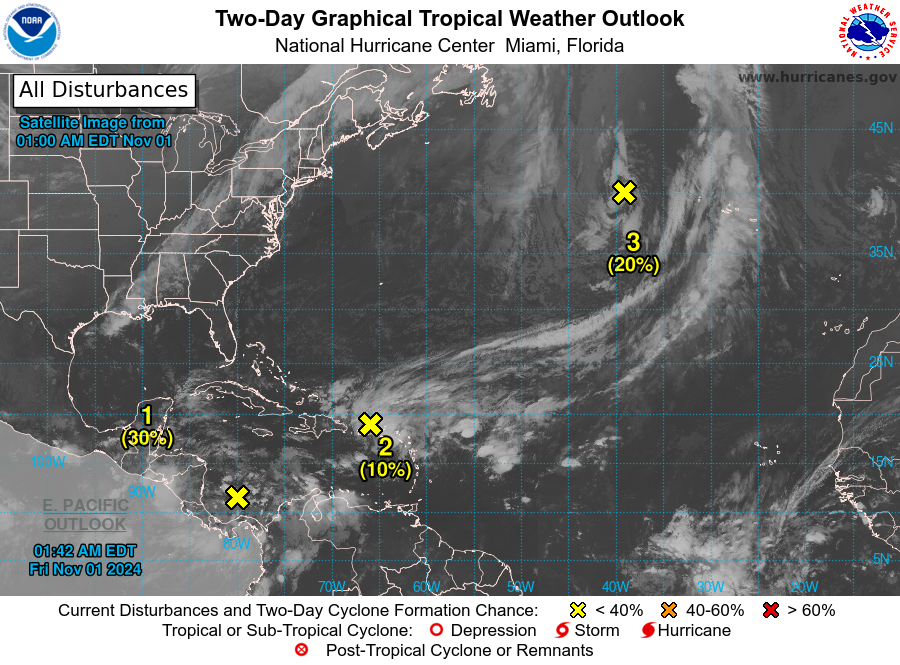
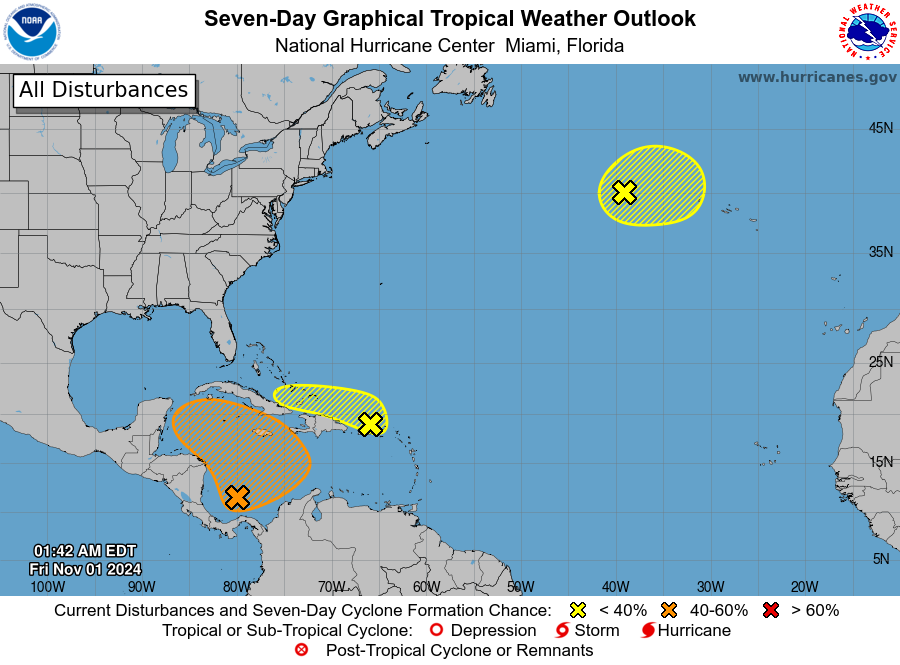
For the North Atlantic...Caribbean Sea and the Gulf of Mexico:

1. Southwestern Caribbean Sea: A broad area of low pressure is likely to develop over the southwestern Caribbean Sea during the next day or so. Gradual development is possible thereafter, and a tropical depression could form late this weekend or early next week while the system drifts generally northward or northwestward over the central or western Caribbean Sea. Regardless of development, locally heavy rains are possible over portions of the adjacent land areas of the western Caribbean.
* Formation chance through 48 hours...low...30 percent.
* Formation chance through 7 days...medium...60 percent.

2. Northeastern Caribbean Sea and Greater Antilles: Surface observations and satellite-derived winds indicate that a trough of low pressure located near Puerto Rico is producing widespread cloudiness and showers over the Dominican Republic, Puerto Rico, the Virgin Islands, the northern Leeward Islands, and the adjacent waters of the Atlantic and the northeastern Caribbean. Slow development of this system is possible during the next 2 to 3 days as it moves west-northwestward near the Greater Antilles. After that time, this system is expected to be absorbed into the low pressure area over the Caribbean. Regardless of development, locally heavy rains are possible during the next several days from the northern Leeward Islands westward across Puerto Rico and Hispaniola to eastern Cuba and the southeastern Bahamas.
* Formation chance through 48 hours...low...10 percent.
* Formation chance through 7 days...low...10 percent.

3. North Atlantic: A storm-force non-tropical low pressure area located about 450 miles west of the western Azores is producing limited shower activity. Some subtropical development is possible while the low moves generally eastward during the next few days. Additional information on this system is available in High Seas Forecasts issued by the National Weather Service.
* Formation chance through 48 hours...low...20 percent.
* Formation chance through 7 days...low...20 percent.

High Seas Forecasts issued by the National Weather Service can be found under AWIPS header NFDHSFAT1, WMO header FZNT01 KWBC, and online at ocean.weather.gov/shtml/NFDHSFAT1.php

Forecaster Roberts